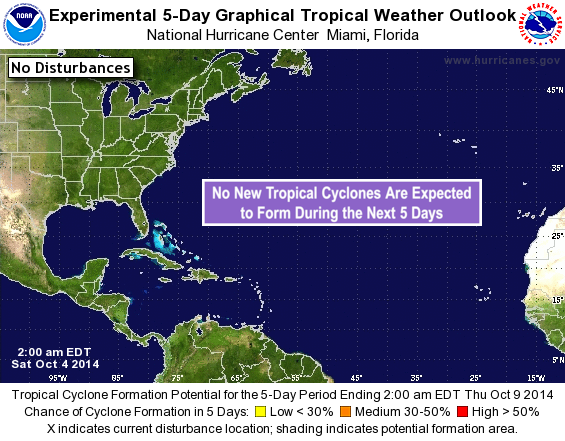
For the North Atlantic...Caribbean Sea and the Gulf of Mexico:

Tropical cyclone formation is not expected during the next 5 days.

Forecaster Stewart